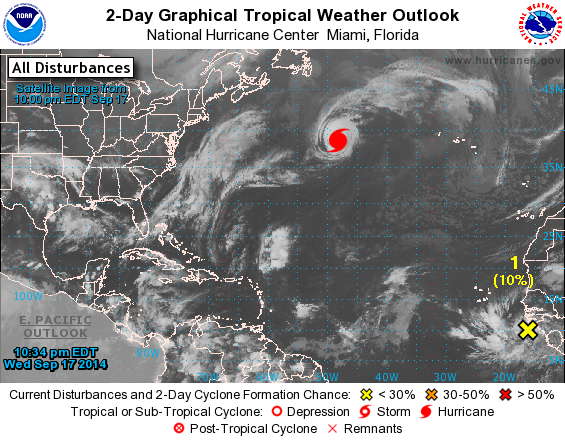
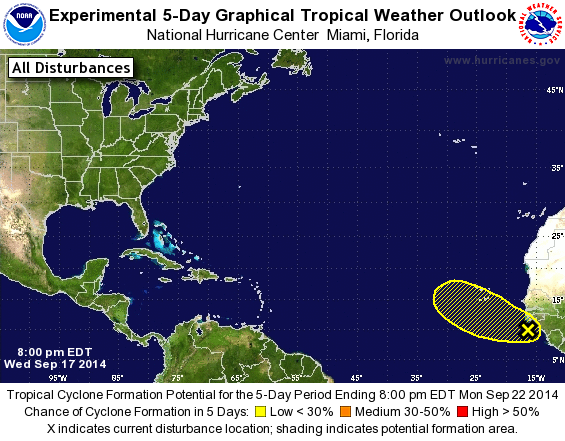
For the North Atlantic...Caribbean Sea and the Gulf of Mexico:

The National Hurricane Center is issuing advisories on Hurricane Edouard, located several hundred miles east-northeast of Bermuda.

1. A tropical wave located near the west coast of Africa is producing a large area of disorganized showers and thunderstorms. Some slow development of this system is possible over the next several days while it moves west-northwestward at about 10 mph over the far eastern Atlantic Ocean.
* Formation chance through 48 hours...low...10 percent.
* Formation chance through 5 days...low...20 percent.

Forecaster Cangialosi